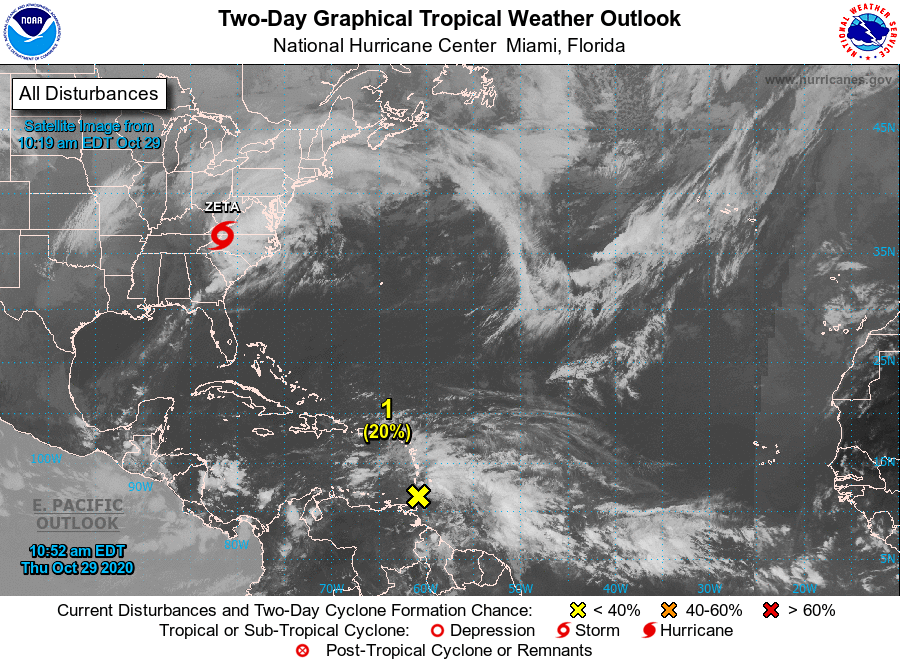
For the North Atlantic...Caribbean Sea and the Gulf of Mexico:

The National Hurricane Center is issuing advisories on Tropical Storm Zeta, located over western North Carolina.

1. A large area of disturbed weather moving from the tropical Atlantic across the Lesser Antilles and into the eastern Caribbean Sea is associated with a pair of tropical waves. Upper-level winds are expected to become more conducive for development of this disturbance during the next couple of days, and a tropical depression could form over the weekend or early next week while the system moves westward across the central and western Caribbean Sea.
* Formation chance through 48 hours...low...20 percent.
* Formation chance through 5 days...medium...60 percent.

Forecaster Berg